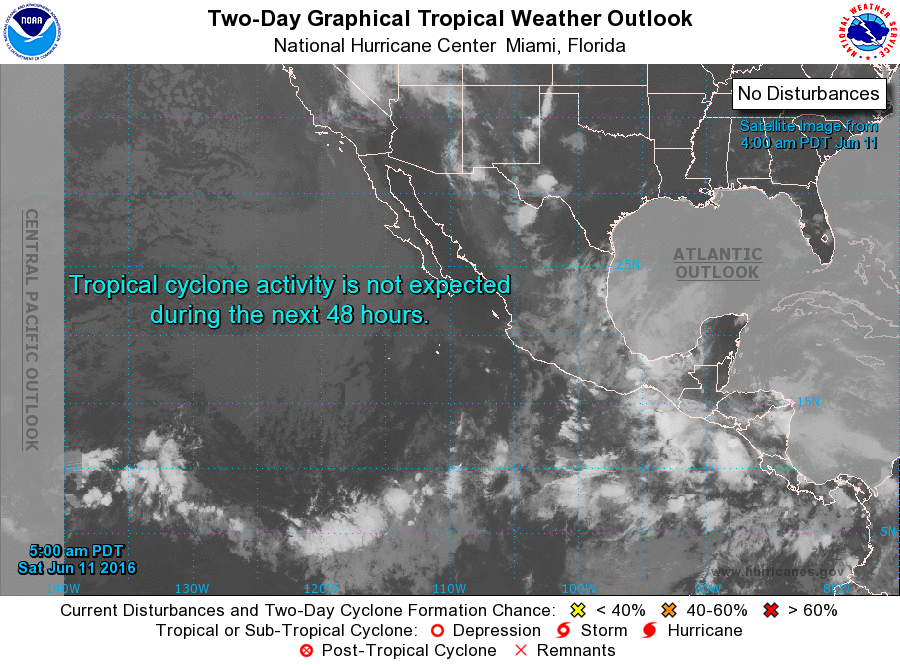
For the eastern North Pacific...east of 140 degrees west longitude:

1. An area of low pressure is forecast to develop south of the coast of southeastern Mexico around the middle of next week. Environmental conditions appear to be conducive for gradual development of this system as it moves westward or west-northwestward.
* Formation chance through 48 hours...low...near 0 percent
* Formation chance through 5 days...low...near 20 percent

Forecaster Avila